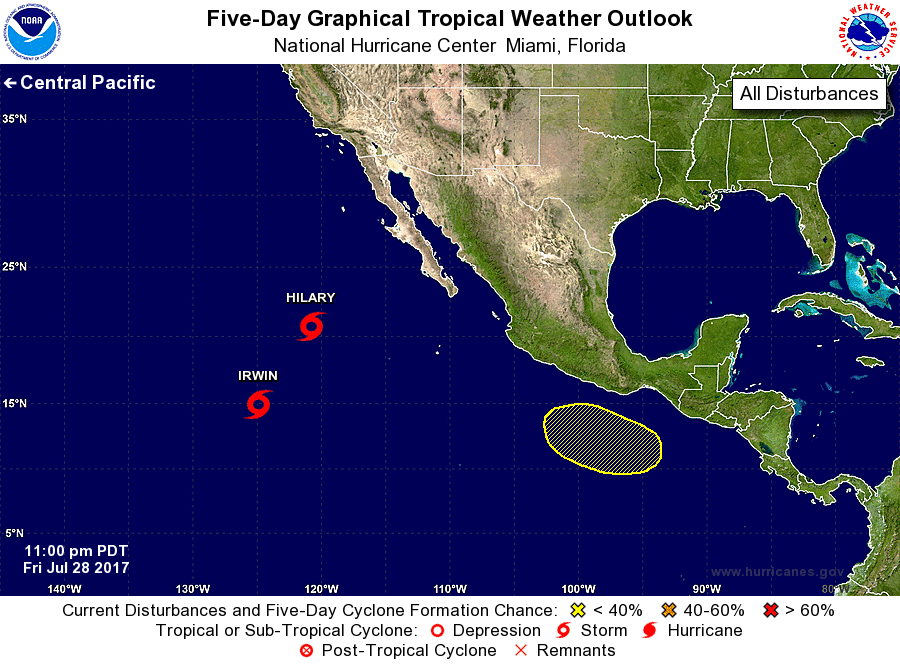
For the eastern North Pacific...east of 140 degrees west longitude:

The National Hurricane Center is issuing advisories on Tropical Storms Hilary and Irwin, both located well to the west-southwest of the southern tip of the Baja California peninsula.

1. An area of low pressure is expected to form by the middle of next week several hundred miles south of the southern coast of Mexico. Conditions appear favorable for some development of this system while it moves westward to west-northwestward at around 15 mph.
* Formation chance through 48 hours...low...near 0 percent.
* Formation chance through 5 days...low...30 percent.

Forecaster Beven